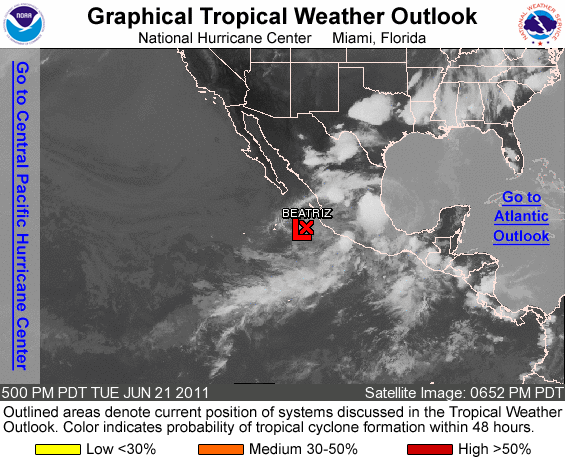
FOR THE EASTERN NORTH PACIFIC...EAST OF 140 DEGREES WEST LONGITUDE..

THE NATIONAL HURRICANE CENTER IS ISSUING ADVISORIES ON RAPILY WEAKENING TROPICAL STORM BEATRIZ...LOCATED ABOUT 110 MILES SOUTH-SOUTHWEST OF CABO CORRIENTES MEXICO.

ELSEWHERE...TROPICAL CYCLONE FORMATION IS NOT EXPECTED DURING THE NEXT 48 HOURS.

FORECASTER PASCH